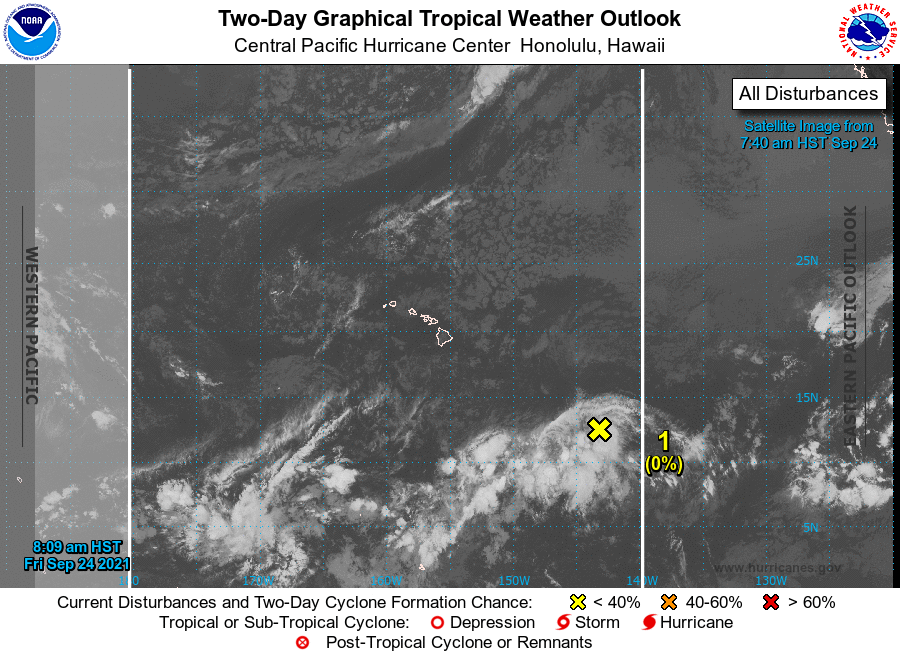
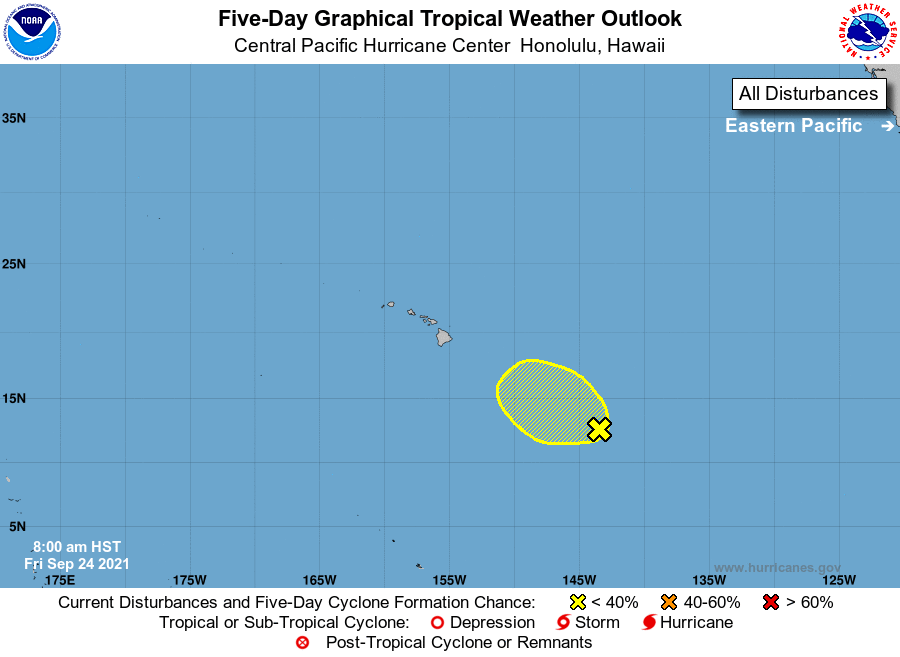
For the central North Pacific...between 140W and 180W:

1. An elongated area of low pressure located about 975 miles southeast of Hilo, Hawaii is producing disorganized showers and thunderstorms. This system is moving into an environment of drier air and will not be conducive for development.
* Formation chance through 48 hours...low...near 0 percent
* Formation chance through 5 days...low...near 0 percent

Elsewhere, no tropical cyclones are expected during the next 5 days.

Forecaster Kino